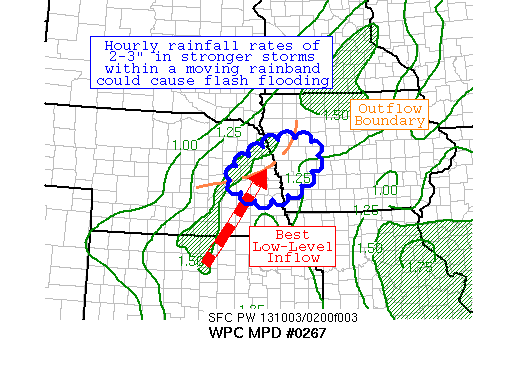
AREAS AFFECTED...EASTERN NE AND WESTERN IA

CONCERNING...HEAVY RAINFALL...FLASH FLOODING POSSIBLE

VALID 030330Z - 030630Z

SUMMARY...AN EXPANDING AREA OF THUNDERSTORMS ACROSS EASTERN NE IS
BEGINNING TO ENTER WESTERN IA WITH HOURLY RAINFALL RATES OF 2-3
INCHES.  REGIONAL FLASH FLOODING IS CONSIDERED POSSIBLE DESPITE
ITS FORWARD PROGRESSION.

DISCUSSION...AN EXPANDING AREA OF THUNDERSTORMS STRETCHES ACROSS
EASTERN NE AND IS ABOUT TO ENTER WESTERN IA.  RADAR-DERIVED
RAINFALL RATES ARE 2-3 INCHES PER HOUR IN STRONGER CELLS.
PRECIPITABLE WATER VALUES OF 1.25-1.5 INCHES ARE BETWEEN THE 85TH
AND 90TH PERCENTILES FOR EARLY OCTOBER, WHICH IS AIDING
PRECIPITATION EFFICIENCY.  IT APPEARS THIS SEGMENT OF THE
THUNDERSTORM AREA IS FORWARD PROPAGATING DUE TO WEAKER INFLOW THAN
SEEN ACROSS SOUTHERN NE.  CAPES ARE IN THE NEIGHBORHOOD OF
1000-1500 J/KG, WHICH SHOULD REMAIN PERSISTENT OVERNIGHT.  WHEN
COMBINED WITH LOW-LEVEL INFLOW OF AROUND 25 KTS AND 0-2.5 KM
VERTICAL WIND SHEAR OF AROUND 30 KTS, THERE IS A LOW-END RISK OF
ORGANIZED WET MACROBURST MULTICELLS.

THE THUNDERSTORMS APPEAR TO BE PROGRESSING BETWEEN THAT INDICATED
BY THE CORFIDI VECTORS -- LIGHT SOUTHEAST MOTION -- AND WHAT IS
INDICATED IN THE 850-400 HPA MEAN WINDS -- TOWARDS THE ENE AT 20+
KTS.  IT IS PRESUMED THIS IS PARTIALLY DUE TO AN EASTWARD-MOVING
OUTFLOW BOUNDARY CAUSED BY AN ASSOCIATED LOW-LEVEL COOL POOL.  BY
06Z, VEERING LOW-LEVEL FLOW SHOULD ALLOW CONVECTION ACROSS NE TO
SPEED UP ITS FORWARD PROPAGATION MORE TO THE SOUTHEAST WHICH WOULD
MINIMIZE REGIONAL FLASH FLOODING, WHICH LED TO A THREE HOUR VALID
TIME.